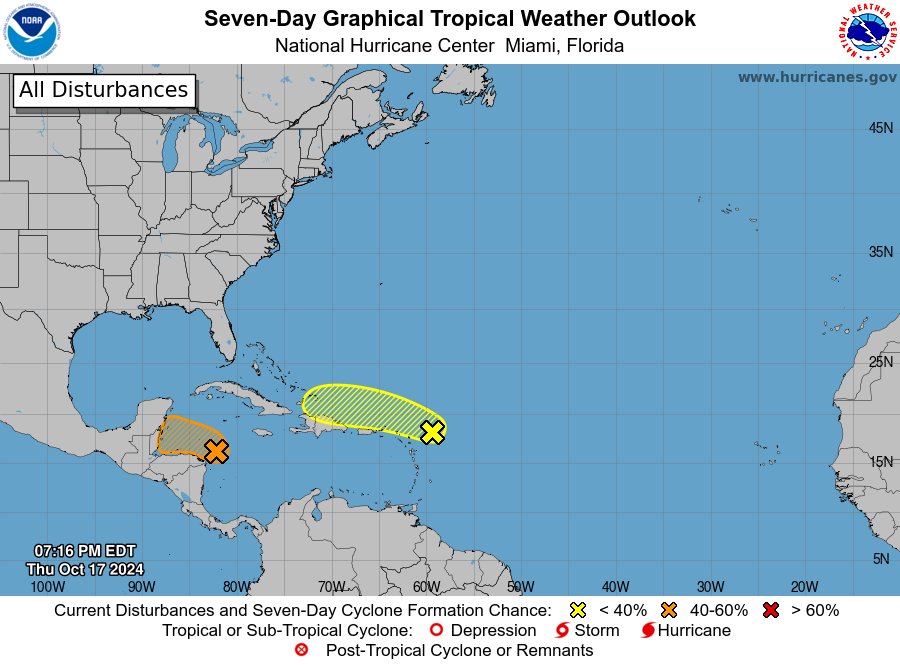
For the North Atlantic...Caribbean Sea and the Gulf of Mexico:

1. East of the Leeward Islands (AL94): A poorly-defined trough of low pressure located a couple of hundred miles east of the Leeward Islands is producing some disorganized showers and thunderstorms. Development, if any, of this disturbance should be slow to occur while it moves quickly westward to west-northwestward at around 20 mph, passing near the Virgin Islands and Puerto Rico on Friday, then near Hispaniola and the southeastern Bahamas on Saturday. By late this weekend, further development is not expected due to strong upper-level winds.
* Formation chance through 48 hours...low...10 percent.
* Formation chance through 7 days...low...20 percent.

2. Western Caribbean Sea (AL95): Satellite images show a broad area of low pressure over the western Caribbean Sea is gradually becoming better defined, and nearby buoy observations indicate surface pressures are falling. The associated shower and thunderstorm activity has increased since yesterday, and environmental conditions appear conducive for some additional development over the next couple of days. A short-lived tropical depression or storm could form before the system moves inland over Belize and the Yucatan Peninsula of Mexico on Saturday. Regardless of development, locally heavy rainfall is likely across portions of Central America and southern Mexico through the weekend.
* Formation chance through 48 hours...medium...40 percent.
* Formation chance through 7 days...medium...40 percent.

Forecaster Reinhart